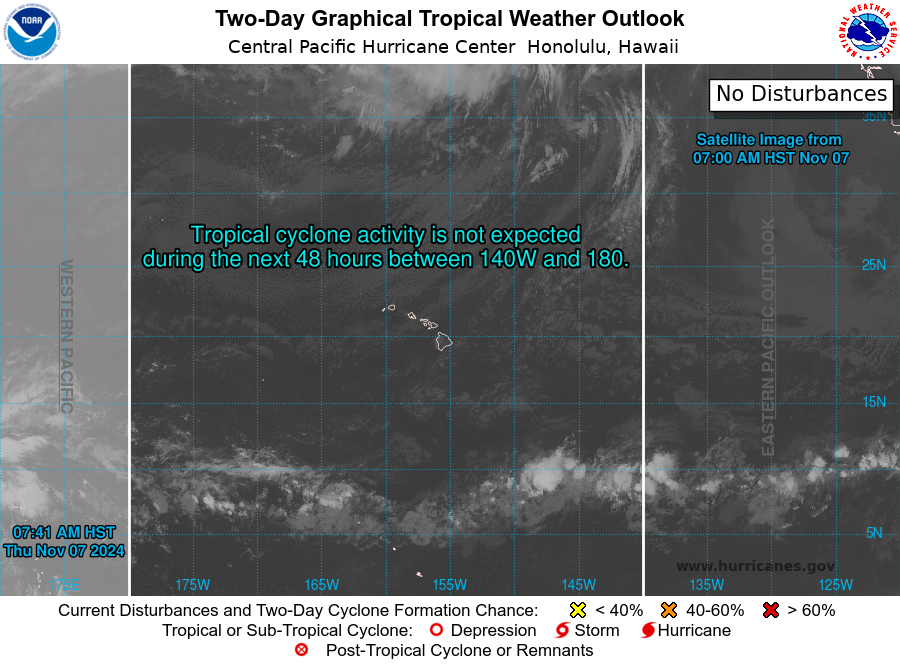
For the central North Pacific...between 140W and 180W:

No tropical cyclones are expected during the next 7 days.

Forecaster JVC